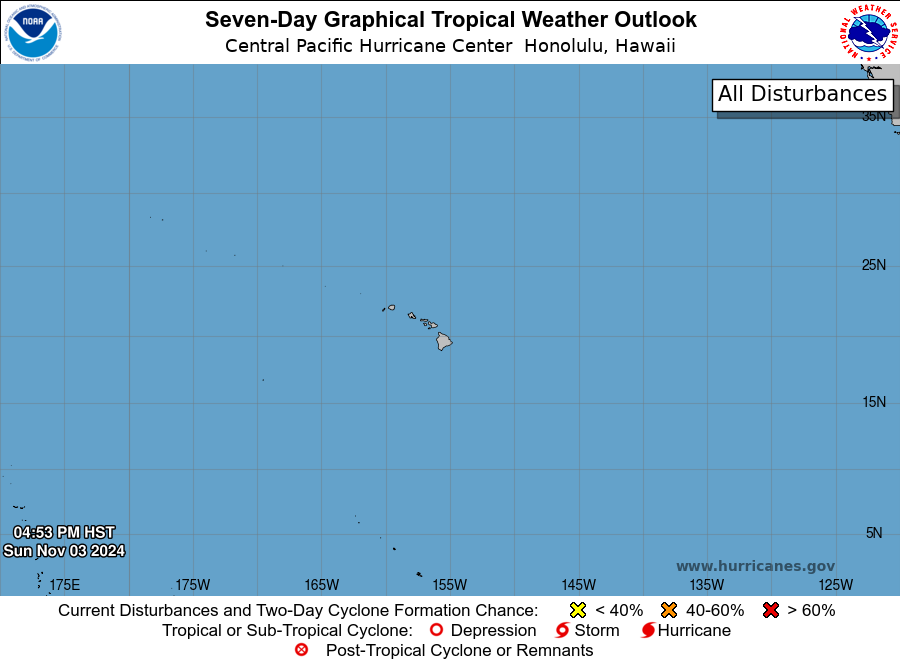
For the central North Pacific...between 140W and 180W:

No tropical cyclones are expected during the next 7 days.

Forecaster JVC